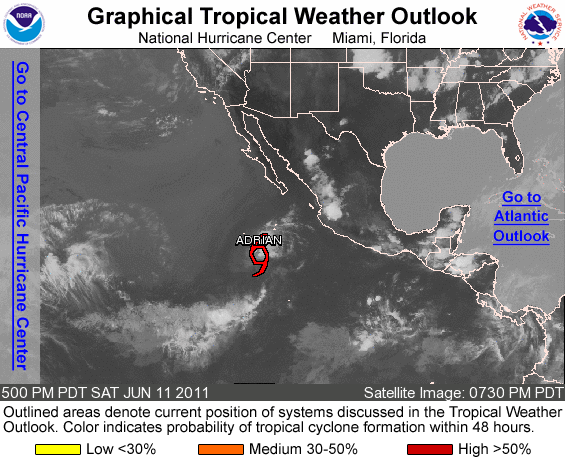
FOR THE EASTERN NORTH PACIFIC...EAST OF 140 DEGREES WEST LONGITUDE..

THE NATIONAL HURRICANE CENTER IS ISSUING ADVISORIES ON WEAKENING TROPICAL STORM ADRIAN...LOCATED ABOUT 530 MILES SOUTH-SOUTHWEST OF THE SOUTHERN TIP OF BAJA CALIFORNIA.

ELSEWHERE...TROPICAL CYCLONE FORMATION IS NOT EXPECTED DURING THE NEXT 48 HOURS.

FORECASTER STEWART